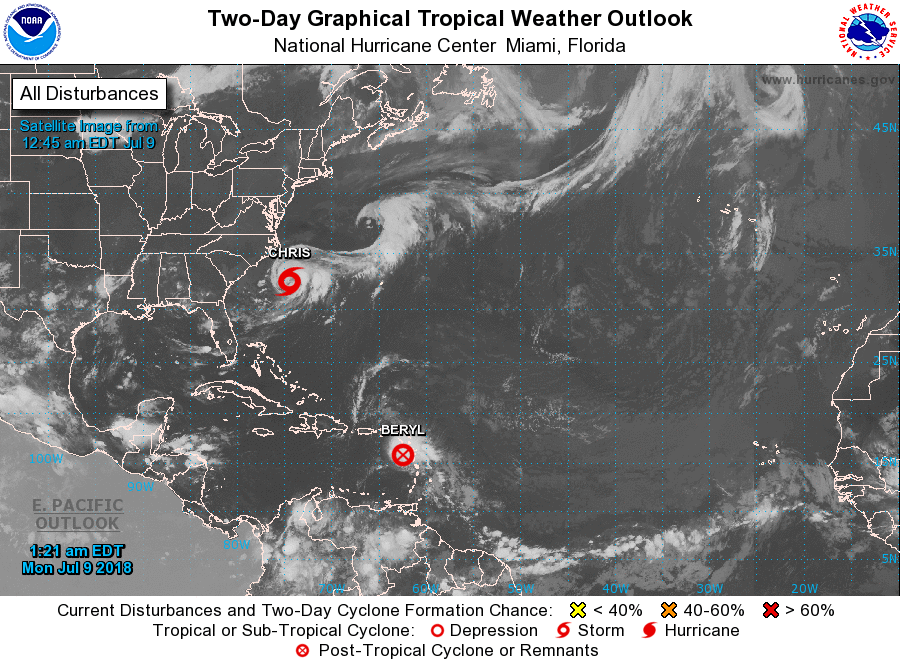
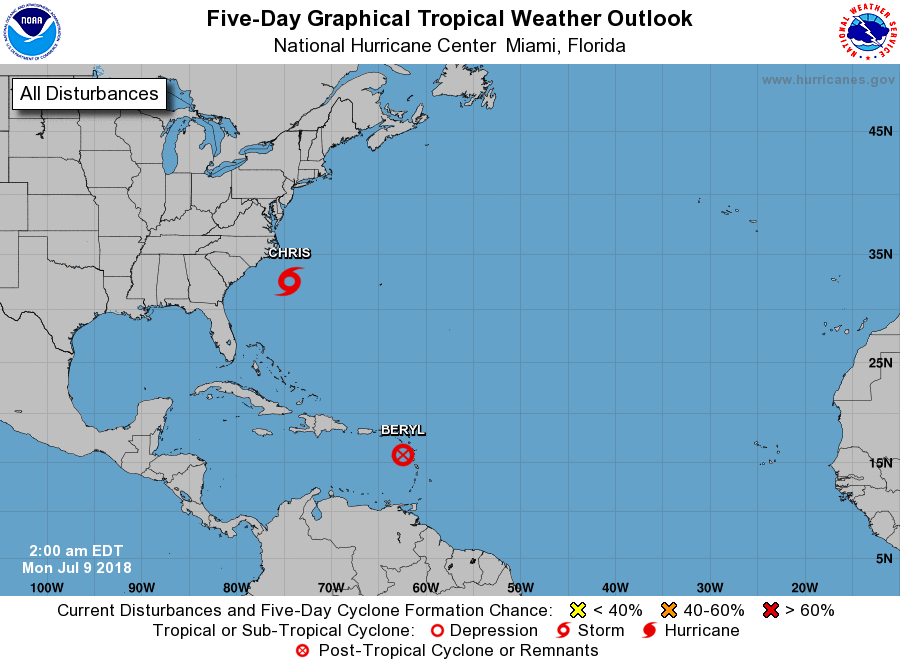
For the North Atlantic...Caribbean Sea and the Gulf of Mexico:

The National Hurricane Center is issuing advisories on Tropical Storm Chris, located a couple of hundred miles south-southeast of the North Carolina Outer Banks.

1. The National Hurricane Center has issued the last advisory on the remnants of Tropical Storm Beryl, located over the northeastern Caribbean Sea. Disorganized thunderstorms and gusty winds associated with the remnants of Beryl are forecast to move west-northwestward and spread over the Virgin Islands and Puerto Rico today, and over Hispaniola tonight. Unfavorable upper-level winds and interaction with land should prevent redevelopment during the next day or two, but environmental conditions could become somewhat conducive for regeneration of a tropical cyclone later this week when the system is forecast to turn northward over the Bahamas and the western Atlantic.
* Formation chance through 48 hours...low...near 0 percent
* Formation chance through 5 days...low...30 percent

Forecaster Brown